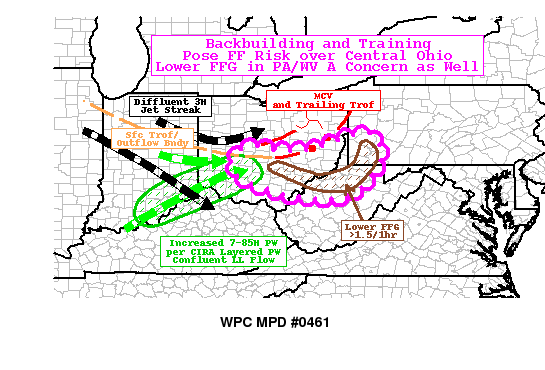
AREAS AFFECTED...CENTRAL/SOUTHEAST OH...SOUTHWEST PA...NORTHERN WV

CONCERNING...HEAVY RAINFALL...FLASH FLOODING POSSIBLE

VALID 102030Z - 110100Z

SUMMARY...TRAINING AND BACK-BUILDING ON SOUTHWEST EDGE OF MCS MAY
LEAD TO POSSIBLE FLASH FLOODING CONDITIONS.

DISCUSSION...GOES-16 EXPERIMENTAL WV LOOP DEPICTS STRONG MCV
CROSSING CENTRAL OH WITH TRAILING TROF EXTENDING SW.  AT THE
SURFACE THE OUTFLOW BOUNDARY FROM THE MCS LAYS GENERALLY FLAT E-W
ACROSS EAST CENTRAL OH TOWARD CMH BEFORE TURNING NW INTO N CENTRAL
IND.  IT IS AT THE BASE OF THE BOUNDARY THAT SFC/BOUNDARY LAYER
FLOW IS GENERALLY CONFLUENT SUPPORTING SUFFICIENT
FORCING/CONVERGENCE FOR UPSTREAM DEVELOPMENT.  THIS ENVIRONMENT
HAS ALSO BECOME GENERALLY UNCAPPED WITH MLCAPES TO 1500 J/KG WITH
SFC TDS IN THE LOW 70S AND A NARROW CORRIDOR OF INCREASED MOISTURE
ALONG THE OH RIVER VALLEY PER CIRA LAYERED TPW 850-700MB.
ADDITIONALLY SATELLITE IMAGERY ALSO DEPICTS AN UPSTREAM JET STREAK
DEPICTED BY MID-LEVEL BROKEN DEBRIS WITH NW-SE AXIS DIRECTED
ACROSS SE IND...THOUGH WEAK CURVATURE IN E CENTRAL OHIO SUGGESTS
SOME DIFFLUENCE...AND WITH THIS UPSTREAM EDGE SUGGESTING
ADDITIONAL SUPPORT FOR UPSTREAM REDEVELOPMENT.  THE 500-1000MB
THICKNESS FIELD BECOMES INCREASINGLY DIVERGENT ACROSS S-SE OHIO
INTO WV SUGGESTING SLACKING PROPAGATION VECTORS WITH GOOD GRADIENT
OF MEAN CLOUD BEARING CELL MOTION VECTORS SUGGESTING WESTERLY FLOW
THAT WOULD MAY SUPPORT SOME SMALL SCALE TRAINING AS WELL
PARTICULARLY ALONG THE UPSTREAM EDGE.  GIVEN RAIN RATES UP TO
2.0"/HR AND SOME TRAINING/REDEVELOPMENT A STREAK OR TWO OF 2-3"
RAINFALL TOTAL SWATHS ARE POSSIBLE LEADING TO POSSIBLE FF
PARTICULARLY IN URBAN CENTERS.

OTHERWISE FURTHER DOWNSTREAM...FORWARD MOTIONS ARE STRONG ENOUGH
(30-40KTS) THAT RAINFALL TOTALS ARE LIKELY TO BE 1-2" ACROSS SE OH
INTO N WV/SW PA OVER THROUGH 00-01Z TONIGHT.  AS SUCH FF THREAT IS
NON-ZERO BUT IS LIKELY TO BE HIGHLY LOCALIZED OR LIMITED TO
TRADITIONALLY PRONE LOCATIONS.